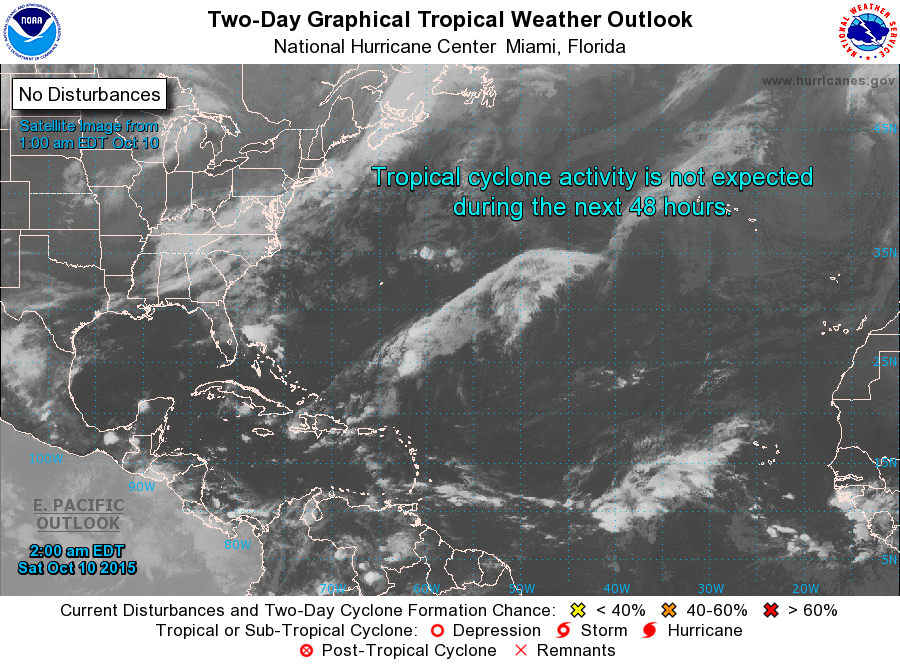
For the North Atlantic...Caribbean Sea and the Gulf of Mexico:

Tropical cyclone formation is not expected during the next 5 days.

Forecaster Beven